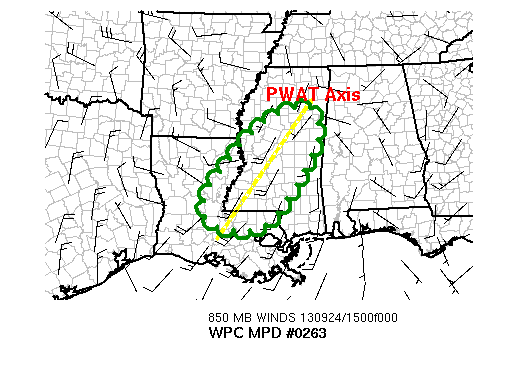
AREAS AFFECTED......CENTRAL AND SOUTHERN MS...

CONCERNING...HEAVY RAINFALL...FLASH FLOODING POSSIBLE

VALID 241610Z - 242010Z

SUMMARY...A LINE OF THUNDERSTORMS FORMING ON A PWAT AXIS MAY
PRODUCE FLASH FLOODING ACROSS PORTIONS OF CENTRAL AND SOUTHERN MS
AND NEARBY LA THROUGH EARLY AFTERNOON.

DISCUSSION...CONVECTION CONTINUES TO FIRE AHEAD OF A SURFACE
TROUGH ON AN AXIS OF PWAT (WITH VALUES NEAR 2.10 INCHES) OVER
CENTRAL AND SOUTHERN MS INTO NEARBY LA. THE INFLOW IS RELATIVELY
WEAK BUT PERSISTENT ENOUGH TO FEED THE ONGOING CONVECTION. THE
LATEST HRRR AND RAP SEEM TO WEAKEN THIS AREA A BIT TOO
QUICKLY...AND BASED ON THE CONVECTION AND EARLIER RAINFALL TO THE
NORTH...FLASH FLOODING IS POSSIBLE ALONG THE CONVECTIVE LINE
THROUGH 19Z.

AFTER THIS TIME...NEAR TERM MODELS SHOW THE BEST PWAT VALUES
DROPPING OFF AS THE CONVECTION MOVES TO THE EAST. THIS SHOULD
LIMIT THE POTENTIAL FOR FLASH FLOODING AFTER THAT TIME.